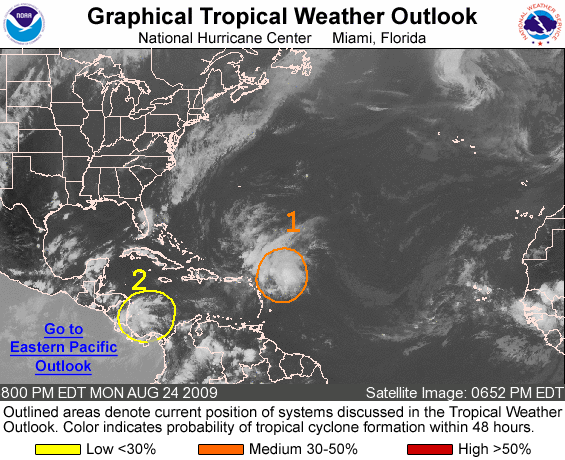
FOR THE NORTH ATLANTIC...CARIBBEAN SEA AND THE GULF OF MEXICO...

1. SHOWERS AND THUNDERSTORMS REMAIN DISORGANIZED IN ASSOCIATION WITH A TROPICAL WAVE INTERACTING WITH AN UPPER-LEVEL LOW ABOUT 300 MILES EAST-NORTHEAST OF THE LEEWARD ISLAND. UPPER-LEVEL WINDS MAY BECOME MORE FAVORABLE FOR SLOW DEVELOPMENT OF THIS SYSTEM OVER THE NEXT COUPLE OF DAYS AS IT MOVES TOWARD THE WEST-NORTHWEST AT AROUND 25 MPH. THERE IS A MEDIUM CHANCE...30 TO 50 PERCENT...OF THIS SYSTEM BECOMING A TROPICAL CYCLONE DURING THE NEXT 48 HOURS.

2. A BROAD AREA OF LOW PRESSURE LOCATED OVER THE SOUTHWESTERN CARIBBEAN SEA IS PRODUCING SCATTERED SHOWER AND THUNDERSTORM ACTIVITY. ANY FURTHER DEVELOPMENT OF THIS SYSTEM SHOULD BE SLOW TO OCCUR DUE TO PROXIMITY TO LAND. REGARDLESS OF DEVELOPMENT...HEAVY RAINFALL IS POSSIBLE OVER NICARAGUA...COSTA RICA...AND PANAMA TONIGHT AND TUESDAY AS THE LOW MOVES WESTWARD AT 20 TO 25 MPH. THERE IS A LOW CHANCE...LESS THAN 30 PERCENT...OF THIS SYSTEM BECOMING A TROPICAL CYCLONE DURING THE NEXT 48 HOURS.

ELSEWHERE...TROPICAL CYCLONE FORMATION IS NOT EXPECTED DURING THE NEXT 48 HOURS.

FORECASTER BRENNAN